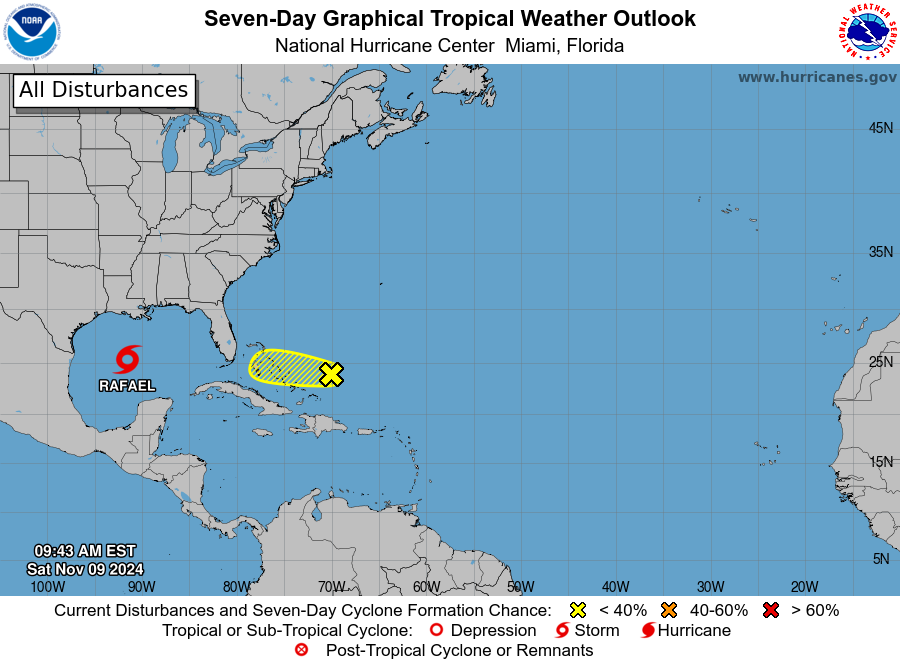
For the North Atlantic...Caribbean Sea and the Gulf of Mexico:

Active Systems: The National Hurricane Center is issuing advisories on Tropical Storm Rafael, located over the central Gulf of Mexico.

1. Near the Bahamas: A trough of low pressure located a couple of hundred miles east of the central Bahamas is producing disorganized showers and thunderstorms. Development, if any, of this system should be slow to occur during the next day or two while it moves westward to west-northwestward. Regardless of development, locally heavy rains and gusty winds are possible across the Bahamas through Sunday.
* Formation chance through 48 hours...low...10 percent.
* Formation chance through 7 days...low...10 percent.

Forecaster Cangialosi